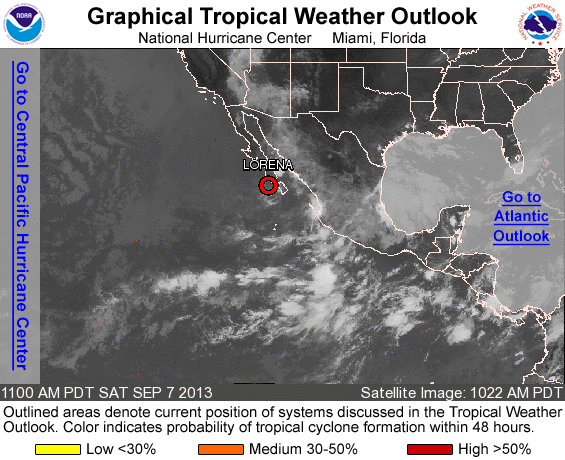
FOR THE EASTERN NORTH PACIFIC...EAST OF 140 DEGREES WEST LONGITUDE..

THE NATIONAL HURRICANE CENTER IS ISSUING ADVISORIES ON TROPICAL DEPRESSION LORENA...WHICH IS LOCATED JUST WEST OF THE SOUTHERN BAJA CALIFORNIA PENINSULA.

TROPICAL CYCLONE FORMATION IS NOT EXPECTED DURING THE NEXT 48 HOURS.

OTHER SYSTEMS WITH FORMATION POTENTIAL BEYOND 48 HOURS...

A LOW PRESSURE AREA IS EXPECTED TO FORM SOUTH OF THE COAST OF MEXICO EARLY NEXT WEEK...AND CONDITIONS APPEAR CONDUCIVE FOR SOME DEVELOPMENT. THIS SYSTEM HAS A LOW CHANCE...NEAR 0 PERCENT...OF BECOMING A TROPICAL CYCLONE DURING THE NEXT 48 HOURS AND A LOW CHANCE...20 PERCENT...OF BECOMING A TROPICAL CYCLONE DURING THE NEXT FIVE DAYS.

&&
FIVE-DAY FORMATION PROBABILITIES ARE EXPERIMENTAL IN 2013. COMMENTS ON THE EXPERIMENTAL FORECASTS CAN BE PROVIDED AT...

HTTP://WWW.NWS.NOAA.GOV/SURVEY/NWS-SURVEY.PHP?CODE=ETWO

FORECASTER BEVEN